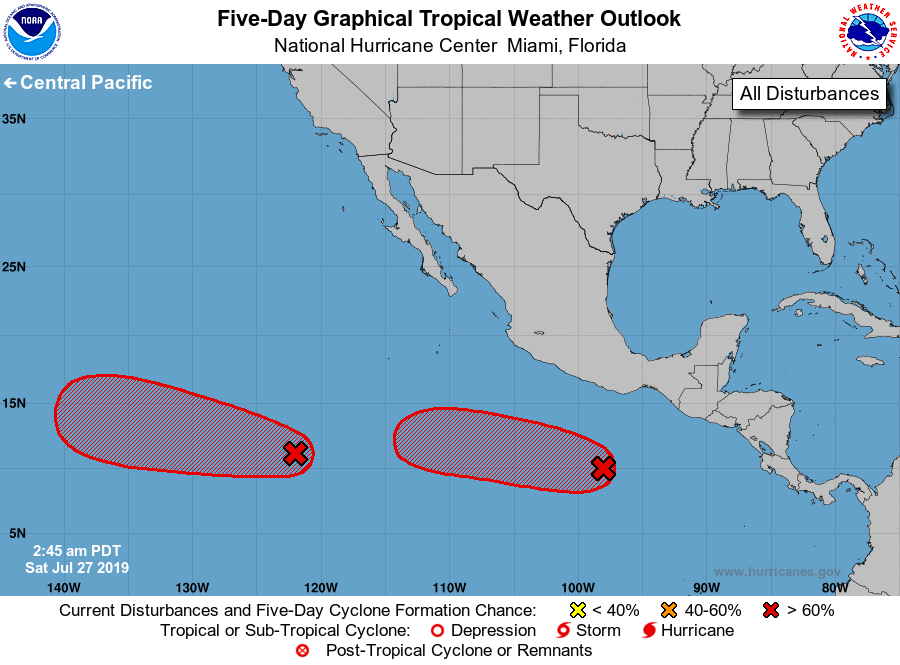
For the eastern North Pacific...east of 140 degrees west longitude:

Special tropical weather outlook issued to update the discussion of the area of disturbed weather to the southwest of the southern tip of Baja California.

1. Updated: Shower and thunderstorm activity associated with an area of disturbed weather located about 1100 miles southwest of the southern tip of the Baja California peninsula continues to become better organized this morning. If this trend continues, a tropical depression or a tropical storm is likely to form later today or tonight. This system is expected to move westward to west-northwestward at 10 to 15 mph.
* Formation chance through 48 hours...high...80 percent.
* Formation chance through 5 days...high...90 percent.

2. An area of low pressure accompanied by disturbed weather is located a few hundred miles south-southwest of the Gulf of Tehuantepec. Gradual development of this system is expected, and a tropical depression is likely to form early next week while the system moves generally westward at 15 to 20 mph.
* Formation chance through 48 hours...low...30 percent.
* Formation chance through 5 days...high...80 percent.

Forecaster Pasch